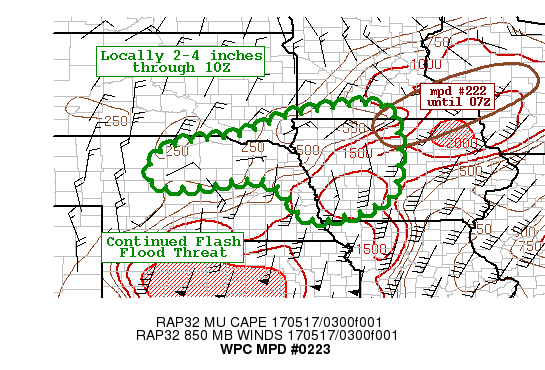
AREAS AFFECTED...CNTRL/ERN NE INTO WRN IA AND SRN MN

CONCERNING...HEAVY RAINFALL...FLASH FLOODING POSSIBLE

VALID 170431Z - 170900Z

SUMMARY...A FLASH FLOOD THREAT WILL CONTINUE ACROSS PORTIONS OF
NERN NE INTO IA AND SRN MN FOR AT LEAST THE NEXT 3-4 HOURS WITH
ELEMENTS OF TRAINING. 2-4 INCH TOTALS ARE POSSIBLE ON A LOCAL
BASIS THROUGH 10Z.

DISCUSSION...RADAR IMAGERY AT 04Z IDENTIFIED TWO CLUSTERS OF
CONVECTION ACROSS THE CNTRL PLAINS. THE FIRST OVER W-CNTRL NE WAS
ASSOCIATED WITH A WELL DEFINED LOW LEVEL CIRCULATION OVER THOMAS
AND BLAINE COUNTIES WITH KLNX ESTIMATED RAINFALL RATES OF 2-3
IN/HR. THE OTHER AREA OF CONVECTION WAS OVER THE MID-MISSOURI
RIVER VALLEY INTO CNTRL IA AT THE NOSE OF THE LOW LEVEL
JET/MOISTURE AXIS STREAMING NWD THROUGH THE CNTRL PLAINS. THE SPC
MESOANALYSIS INDICATES MUCAPE ACROSS N-CNTRL NE HAS COME DOWN TO
ROUGHLY 500 J/KG AND THIS IS CONFIRMED WITH WARMING CLOUD TOPS ON
EXPERIMENTAL GOES 16 10.3 MICRON IMAGERY ALONG WITH A REDUCTION IN
TOTAL LIGHTNING DENSITY. WITH STRONG UPPER LEVEL DYNAMIC LIFT IN
PLACE...A FLASH FLOOD THREAT WILL REMAIN ACROSS N-CNTRL NE DESPITE
WANING INSTABILITY FOR THE NEXT FEW HOURS.

THE MAIN CONCERN FOR FLASH FLOODING IN THE SHORT TERM WILL BE OVER
THE MISSOURI RIVER VALLEY INTO IA/SRN MN WHERE A BROAD REGION OF
UPPER LEVEL ASCENT WILL REMAIN IN PLACE BETWEEN TWO UPPER LEVEL
JET MAXIMA ALONG WITH STRONGLY DIFFLUENT FLOW. SUFFICIENT
INSTABILITY IS EXPECTED TO REMAIN IN PLACE ALONG WITH PRECIPITABLE
WATER VALUES OF 1.25 TO 1.50+ INCHES. MEAN LAYER SSWLY FLOW OF
ROUGHLY 50 KTS WILL PROMOTE TRAINING CORES OF HEAVY RAIN AT TIMES
IN THE VICINITY OF THE FRONTAL BOUNDARY WHICH LAY SOUTHWEST FROM
SRN MN INTO S-CNTRL NE AT 04Z. WITH FLASH FLOOD GUIDANCE OF
ROUGHLY 2+ INCHES IN 3 HOURS ACROSS THE REGION...FLASH FLOODING
WILL REMAIN A POSSIBILITY ACROSS THE REGION THROUGH 09Z.